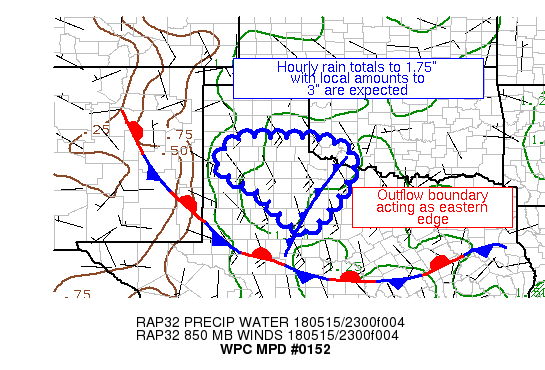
AREAS AFFECTED...NORTHWEST TX, TX PANHANDLE, & SOUTHWEST OK

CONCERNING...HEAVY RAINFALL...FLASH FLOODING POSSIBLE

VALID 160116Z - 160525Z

SUMMARY...CONVECTION IS ATTEMPTING TO CONCENTRATE BETWEEN
NORTHWEST TX AND THE TX PANHANDLE.  AS IT ATTEMPTS TO SHIFT
NORTHWARD, HOURLY TOTALS TO 1.75" WITH LOCAL AMOUNTS TO 3" ARE
EXPECTED.

DISCUSSION...CONVECTION IS BEING FOCUSED BY A WESTWARD MOVING
OUTFLOW BOUNDARY MOVING ACROSS NORTHWEST TX, ORGANIZED CONVECTION
DROPPING OUT OF THE TX PANHANDLE, AND A BOUNDARY NEAR 850 HPA
WHICH IS TRYING TO FILL IN CONVECTION IN BETWEEN.  PRECIPITABLE
WATER VALUES ARE 1-1.5" PER GPS DATA.  INFLOW AT 850 HPA IS
SOUTHEAST AT 20 KTS PER THE LUBBOCK TX VAD WIND PROFILE.  HOWEVER,
EFFECTIVE BULK SHEAR IN 40-60 KTS WHICH IS LEADING TO ORGANIZED
CONVECTION.

THE MESOSCALE GUIDANCE HAS BEEN WAY TOO FAR TO THE NORTH WITH THIS
ACTIVITY SO FAR, BELIEVING IT SHOULD BE A BIT FARTHER NORTH IN THE
TX PANHANDLE BEFORE SHIFTING INTO NORTHWEST OK. HOWEVER, THE 18Z
GFS GALVEZ-DAVISON INDEX VALUES ADVERTISE THE GREATEST INSTABILITY
NEAR THE CONGREGATING STORMS WHICH SHIFTS NORTHEAST INTO SOUTHWEST
OK WITH TIME, WHICH WAS A GUIDE FOR THE CONSTRUCTION OF THIS AREA.
 THE RECENT RAP GUIDANCE MASS FIELDS IMPLY THIS AS WELL.  THE
EXPECTATION IS FOR CONVECTION TO CONTINUE CONCENTRATING IN
NORTHWEST TX BEFORE ATTEMPTING TO LIFT NORTH TOWARDS SOUTHWEST OK
WITH TIME AS AN 850 HPA SLICE OF A FRONT LIFTS AND FLOW AT THAT
LEVEL VEERS WHILE CONVECTION PREFERENTIALLY PROPAGATES TOWARDS AN
AREA OF GREATER INSTABILITY NEAR CHILDRESS TX.  HOURLY RAIN TOTALS
UP TO 1.75" APPEAR POSSIBLE HERE AS CELLS CHAOTICALLY MERGE.  THE
HREF PROBABILITIES OF EXCEEDING 1" AND HOUR MAXIMIZE AROUND 04Z.
THE MODEL SIGNAL FOR LOCAL AMOUNTS IN THE 3" STILL APPEARS
REASONABLE, EVEN IF MISPLACED.  USED A FOUR HOUR HORIZON DUE TO
GREATER UNCERTAINTY THAN USUAL IN THE EXPECTED CONVECTIVE
EVOLUTION.